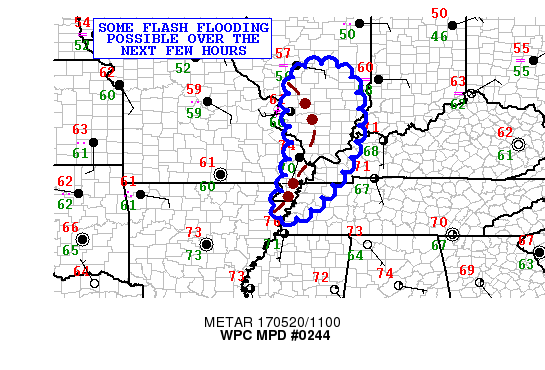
AREAS AFFECTED...SOUTHERN IL...FAR SOUTHEAST MO...WESTERN
KY...WESTERN TN...FAR NORTHEAST AR

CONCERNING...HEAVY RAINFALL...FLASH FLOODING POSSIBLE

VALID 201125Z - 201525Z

SUMMARY...STRONG THUNDERSTORMS WITH INTENSE RAINFALL RATES TO 2
INCHES/HR ARE EXPECTED OVER THE NEXT FEW HOURS. SOME LOCALIZED
FLASH FLOODING IS POSSIBLE AS A RESULT.

DISCUSSION...VERY COLD CONVECTIVE TOPS ARE MOVING ACROSS SOUTHERN
IL CURRENTLY IN ASSOCIATION WITH A FAIRLY LARGE CLUSTER OF
THUNDERSTORMS. THE ACTIVITY IS FOCUSING WITH THE AID OF A MID
LEVEL SHORTWAVE TROUGH ADVANCING ACROSS THE MID MS VALLEY AND
WITHIN A LARGER SCALE WARM ADVECTION PATTERN. MEANWHILE...AN ARC
OF CONVECTION ASSOCIATED WITH THE EASTWARD ADVANCING OF AN OUTFLOW
BOUNDARY IS NOTED DOWN ACROSS THE MO BOOTHEEL AND NORTHEAST AR.

PWATS THIS MORNING AHEAD OF THE CURRENT CONVECTIVE MASS ARE
RUNNING AS HIGH AS 1.5 TO 1.7 INCHES...WHICH COUPLED WITH THE NOSE
OF ELEVATED INSTABILITY LIFTING UP ACROSS SOUTHEAST MO AND INTO
SOUTHERN IL IS PRODUCING RAINFALL RATES UP TO 2 INCHES/HR.

OVER THE NEXT 2 TO 3 HOURS...EXPECT HEAVY RAINS OVER A LARGE AREA
OF SOUTHERN IL IN PARTICULAR WITH AS MUCH AS 2 TO 4 INCHES OF RAIN
AND ISOLATED HEAVIER AMOUNTS. SOME POCKETS OF HEAVY RAINS WILL BE
EXPECTED FARTHER SOUTH TOO DOWN ACROSS FAR NORTHEAST AR...THE MO
BOOTHEEL AND INTO NORTHWEST TN AND WESTERN KY WHERE OUTFLOW
DOMINATED CONVECTION WILL CONTINUE TO INTERACT WITH A VERY MOIST
AND RELATIVELY UNSTABLE AIRMASS. AT LEAST A LOCALIZED FLASH FLOOD
THREAT EXISTS GIVEN THE INTENSE SHORT-TERM RAINFALL RATES.

THE LATEST HRRR/HRRRX GUIDANCE CONTINUES TO BE WAY TOO SLOW WITH
THE EASTWARD ADVANCE OF THE CONVECTION AND THE SHORTWAVE
ENERGY...BUT EXPECT SOME IMPROVEMENT TO THE CONDITIONS TOWARD LATE
MORNING. WILL CONTINUE TO MONITOR.